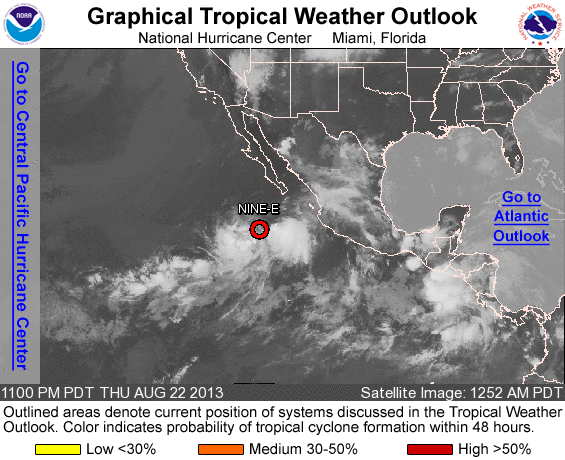
FOR THE EASTERN NORTH PACIFIC...EAST OF 140 DEGREES WEST LONGITUDE..

THE NATIONAL HURRICANE CENTER IS ISSUING ADVISORIES ON TROPICAL DEPRESSION NINE-E...LOCATED SEVERAL HUNDRED MILES SOUTH-SOUTHWEST OF CABO SAN LUCAS MEXICO.

OTHER SYSTEMS WITH FORMATION POTENTIAL BEYOND 48 HOURS...

AN AREA OF LOW PRESSURE COULD FORM SOUTH OF THE SOUTHERN COAST OF MEXICO BY EARLY NEXT WEEK...AND ENVIRONMENTAL CONDITIONS APPEAR CONDUCIVE FOR GRADUAL DEVELOPMENT. THIS SYSTEM HAS A LOW CHANCE... NEAR 0 PERCENT...OF BECOMING A TROPICAL CYCLONE DURING THE NEXT 48 HOURS...AND A MEDIUM CHANCE...30 PERCENT...OF BECOMING A TROPICAL CYCLONE DURING THE NEXT 5 DAYS.

&&
PUBLIC ADVISORIES ON TROPICAL DEPRESSION NINE-E ARE ISSUED UNDER WMO HEADER WTPZ34 KNHC AND UNDER AWIPS HEADER MIATCPEP4. FORECAST/ADVISORIES ARE ISSUED UNDER WMO HEADER WTPZ24 KNHC AND UNDER AWIPS HEADER MIATCMEP4.

FIVE-DAY FORMATION PROBABILITIES ARE EXPERIMENTAL IN 2013. COMMENTS ON THE EXPERIMENTAL FORECASTS CAN BE PROVIDED AT...

HTTP://WWW.NWS.NOAA.GOV/SURVEY/NWS-SURVEY.PHP?CODE=ETWO

FORECASTER CANGIALOSI